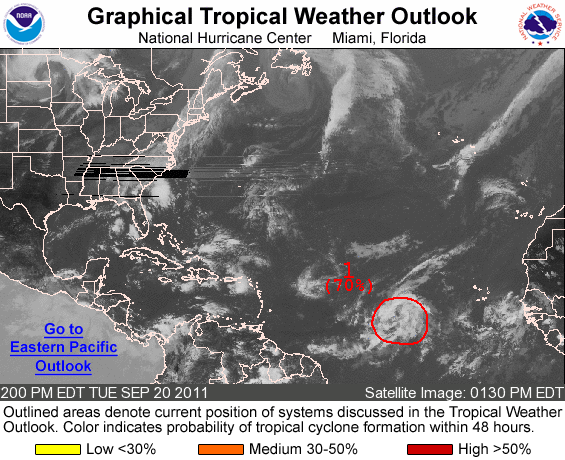
FOR THE NORTH ATLANTIC...CARIBBEAN SEA AND THE GULF OF MEXICO...

1. CLOUDINESS AND THUNDERSTORMS ASSOCIATED WITH THE LARGE LOW PRESSURE SYSTEM LOCATED ABOUT 1500 MILES EAST OF THE WINDWARD ISLANDS REMAIN FAIRLY WELL ORGANIZED. HOWEVER...THE SYSTEM DOES NOT HAVE A WELL-DEFINED CENTER OF CIRCULATION AT THIS TIME. CONDITIONS ARE EXPECTED TO REMAIN CONDUCIVE FOR A TROPICAL DEPRESSION TO FORM IN THIS AREA LATER TODAY OR ON WEDNESDAY...AND THIS SYSTEM HAS A HIGH CHANCE...70 PERCENT...OF BECOMING A TROPICAL CYCLONE DURING THE NEXT 48 HOURS AS IT MOVES WESTWARD AT 5 TO 10 MPH.

ELSEWHERE...TROPICAL CYCLONE FORMATION IS NOT EXPECTED DURING THE NEXT 48 HOURS.

FORECASTER PASCH